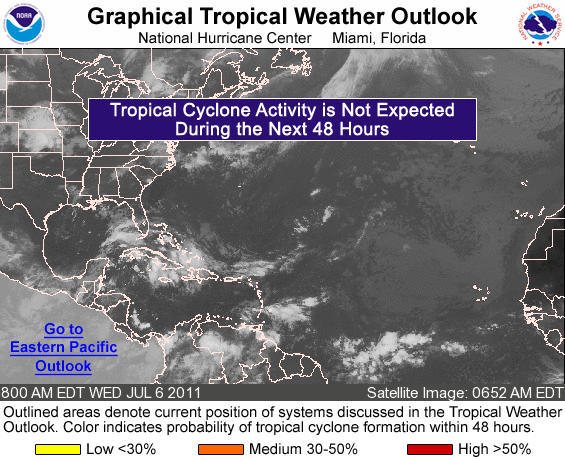
FOR THE NORTH ATLANTIC...CARIBBEAN SEA AND THE GULF OF MEXICO...

TROPICAL CYCLONE FORMATION IS NOT EXPECTED DURING THE NEXT 48 HOURS.

FORECASTER AVILA